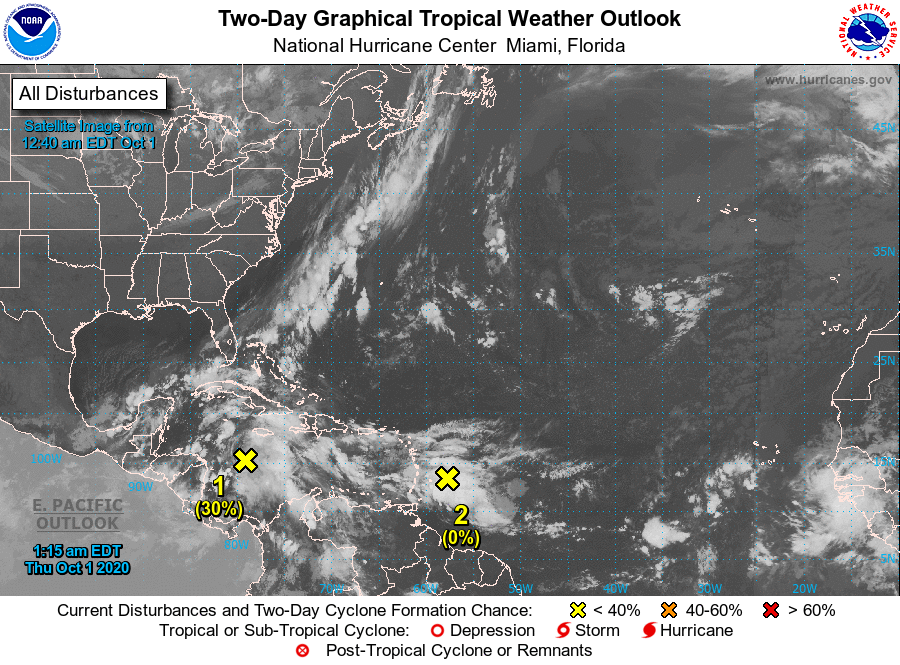
For the North Atlantic...Caribbean Sea and the Gulf of Mexico:

1. Showers and thunderstorms located over the west-central Caribbean Sea are associated with a tropical wave. A broad area of low pressure is expected to form in a day or so over the northwest Caribbean Sea or the extreme southern Gulf of Mexico in the vicinity of the wave as it moves slowly west-northwestward. Conditions are forecast to be conducive for development thereafter in that region, and a tropical depression could form over the weekend as the system meanders. Interests in Belize, the Yucatan Peninsula, and western Cuba should monitor the progress of this disturbance.
* Formation chance through 48 hours...low...30 percent.
* Formation chance through 5 days...high...70 percent.

2. Another tropical wave located a couple hundred miles east of the Lesser Antilles is producing widespread cloudiness and disorganized shower activity. This disturbance is forecast to move westward during the next several days where environmental conditions could become a little more conducive for development over the central or western Caribbean Sea by early next week.
* Formation chance through 48 hours...low...near 0 percent.
* Formation chance through 5 days...low...20 percent.

Forecaster Latto